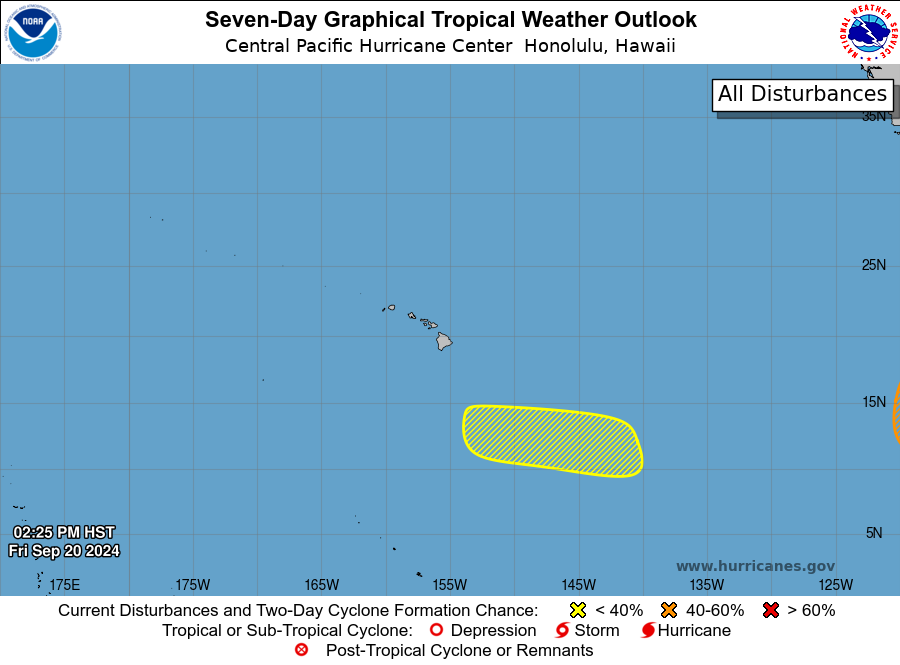
For the central North Pacific...between 140W and 180W:

1. Approximately within 1000 miles southeast of Hilo, Hawaii: An area of low pressure may form well south or southeast of the Big Island next week. Some slow development of this system is possible while it moves westward.
* Formation chance through 48 hours...low...near 0 percent.
* Formation chance through 7 days...low...20 percent.

Forecaster Kino